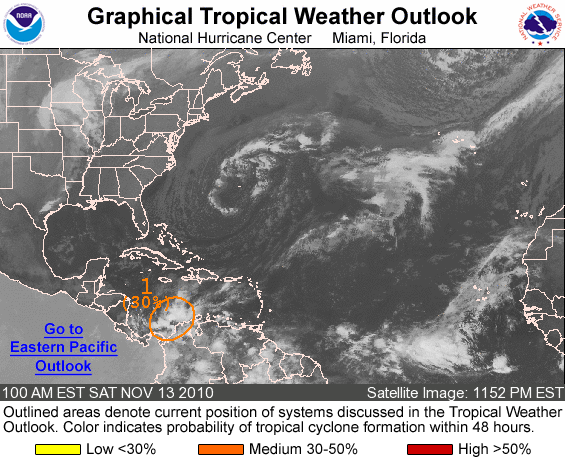
FOR THE NORTH ATLANTIC...CARIBBEAN SEA AND THE GULF OF MEXICO...

1. THERE HAS BEEN LITTLE CHANGE THIS EVENING WITH THE BROAD AREA OF LOW PRESSURE NEAR THE COAST OF COLOMBIA...WHICH CONTINUES TO GENERATE DISORGANIZED SHOWER ACTIVITY. CONDITIONS APPEAR FAVORABLE FOR SLOW DEVELOPMENT OVER THE NEXT COUPLE OF DAYS AS THE SYSTEM DRIFTS WEST-NORTHWESTWARD. THERE IS A MEDIUM CHANCE...30 PERCENT...OF THIS SYSTEM BECOMING A TROPICAL CYCLONE DURING THE NEXT 48 HOURS.

ELSEWHERE...TROPICAL CYCLONE FORMATION IS NOT EXPECTED DURING THE NEXT 48 HOURS.

FORECASTER FRANKLIN